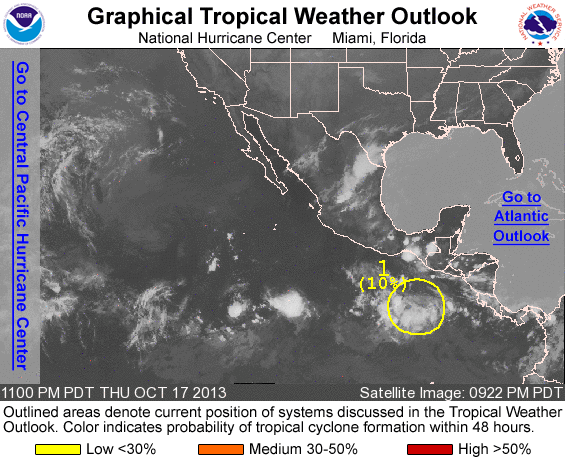
FOR THE EASTERN NORTH PACIFIC...EAST OF 140 DEGREES WEST LONGITUDE..

1. A BROAD AREA OF LOW PRESSURE LOCATED ABOUT 450 MILES SOUTH OF THE GULF OF TEHUANTEPEC CONTINUES TO PRODUCE DISORGANIZED SHOWER AND THUNDERSTORM ACTIVITY. CONDITIONS ARE EXPECTED TO BE CONDUCIVE FOR SOME SLOW DEVELOPMENT OF THIS SYSTEM DURING THE NEXT SEVERAL DAYS. THIS SYSTEM HAS A LOW CHANCE...10 PERCENT...OF BECOMING A TROPICAL CYCLONE DURING THE NEXT 48 HOURS...AND A MEDIUM CHANCE...40 PERCENT...OF BECOMING A TROPICAL CYCLONE DURING THE NEXT 5 DAYS WHILE IT MOVES WESTWARD TO WEST-NORTHWESTWARD AT AROUND 10 MPH.

FIVE-DAY FORMATION PROBABILITIES ARE EXPERIMENTAL IN 2013. COMMENTS ON THE EXPERIMENTAL FORECASTS CAN BE PROVIDED AT...

HTTP://WWW.NWS.NOAA.GOV/SURVEY/NWS-SURVEY.PHP?CODE=ETWO

FORECASTER BRENNAN